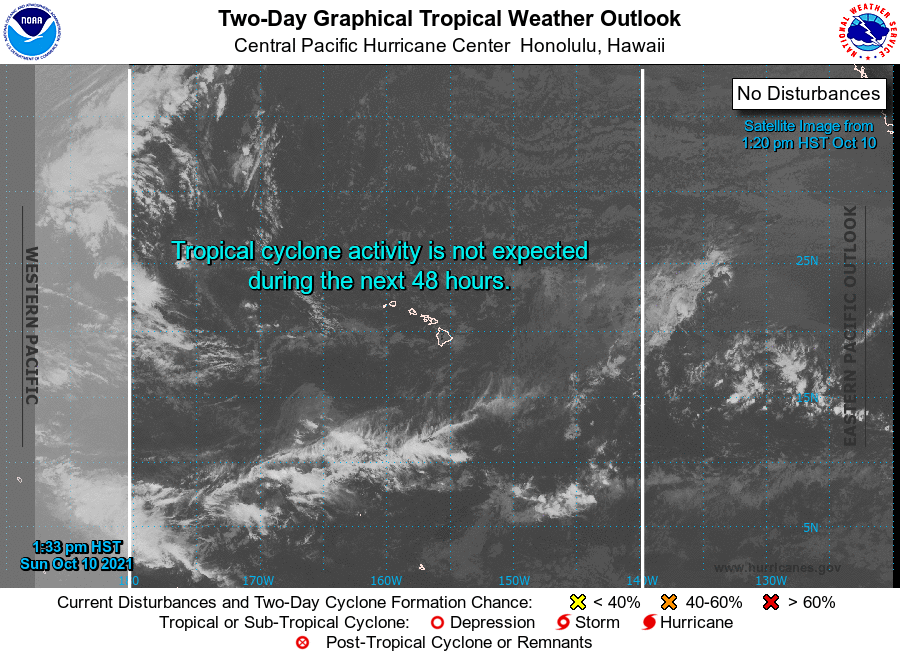
For the central North Pacific...between 140W and 180W:

No tropical cyclones are expected during the next 5 days.

Forecaster Blood